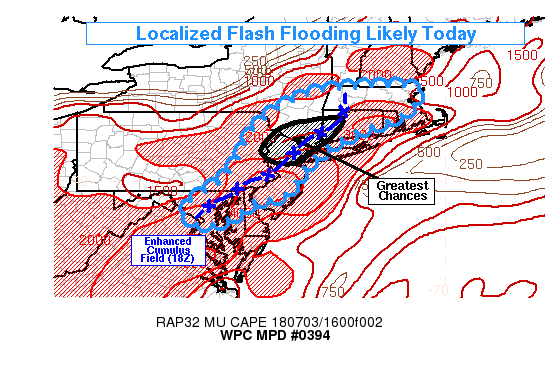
AREAS AFFECTED...I-95 CORRIDOR FROM DC TO BOSTON...ADJACENT AREAS

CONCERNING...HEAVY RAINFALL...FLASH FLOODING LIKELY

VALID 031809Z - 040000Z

SUMMARY...ISOLATED TO SCATTERED THUNDERSTORMS ARE EXPECTED TO
DEVELOP IN THE I-95 CORRIDOR THIS AFTERNOON...AND PERHAPS INTO
ADJACENT INLAND PORTIONS OF THE NORTHEAST SUCH AS THE BERKSHIRES
AND POCONOS. ALTHOUGH COVERAGE OF STORMS MAY NOT BE
WIDESPREAD...STORM MOTIONS ARE VERY LIKELY TO BE SLOW AND WILL
CONTRIBUTE TO A THREAT OF LOCALIZED FLASH FLOODING ACROSS THE
REGION. GREATEST CHANCES OF FLASH FLOODING ARE EXPECTED TO EXIST
FROM NORTHERN NEW JERSEY INTO WESTERN CONNECTICUT...INCLUDING THE
LOWER HUDSON VALLEY AND NORTH SIDE OF THE NYC METRO AREA.

DISCUSSION...IN WHAT MAY BE A PREVIEW OF THINGS TO COME THIS
AFTERNOON...KOKX RADAR SHOWED AN ISOLATED THUNDERSTORM INITIATING
OVER NEWARK NJ AROUND 1630Z...AND THEN PROPAGATING ONLY AROUND 5
MILES TO THE SOUTHWEST OVER THE NEXT 60 MINUTES. DUAL POL RAIN
RATES WERE ESTIMATED TO BE APPROACHING 2 IN/HR. THIS ISOLATED
STORM WAS NOW SITUATED IN AN ENHANCED CUMULUS FIELD PER GOES-16
VISIBLE SATELLITE...STRETCHING ALONG THE I-95 CORRIDOR FROM DC TO
NYC METRO AREA...AND THEN EXTENDING UP INTO SOUTHERN NEW ENGLAND.
HI-RES MODELS CONTINUE TO DEVELOP ISOLATED TO SCATTERED CONVECTION
IN THIS SAME CORRIDOR ON THE NORTHERN PERIPHERY OF A STRONG
INSTABILITY AXIS THROUGH THE AFTERNOON HOURS...ROUGHLY IN THE BEST
OVERLAP OF INSTABILITY AND HIGH PW VALUES. CIRA BLENDED TPW VALUES
WERE AROUND 1.8 INCHES...ABOVE THE 95TH PERCENTILE PER CSFR
CLIMATOLOGY FOR THIS TIME OF YEAR. PWATS OF THIS MAGNITUDE...IN
COMBINATION WITH THE STRONG INSTABILITY...SHOULD BE MORE THAN
SUFFICIENT TO MAINTAIN A RISK OF 2 IN/HR RAIN RATES THROUGH THE
AFTERNOON.

OF MOST CONCERN ARE THE EXTREMELY SLOW STORM MOTIONS. 850-300MB
MEAN WINDS FALL BELOW 10 KNOTS THIS AFTERNOON AND CORFIDI VECTORS
(FORWARD AND BACKWARD PROPAGATING) BOTH FALL TO AROUND 0-5 KNOTS.
THIS IS ENTIRELY CONSISTENT WITH THE POSITION OF THE REGION NEAR
THE CENTER OF THE MID-UPPER LEVEL RIDGE AXIS. THEREFORE...THERE IS
POTENTIAL FOR STATIONARY OR NEARLY STATIONARY STORMS INTO THE
AFTERNOON HOURS...AND THE POTENTIAL FOR CONVECTION TO ANCHOR ON
OUTFLOW BOUNDARIES OR LOW-LEVEL GRADIENTS (SUCH AS A SEA BREEZE).
THIS WILL PROMOTE THE POTENTIAL FOR HEAVY RAIN RATES TO PERSIST
LONGER THAN AN HOUR.

OVERALL...CONVECTION SHOULD REMAIN ISOLATED TO SCATTERED SO THE
PROBABILITY OF FLASH FLOODING AT ANY ONE LOCATION SHOULD REMAIN
SOMEWHAT LOW. HOWEVER...THERE IS HIGH CONFIDENCE THAT SOME
CONVECTION SHOULD DEVELOP...AND GIVEN THE SLOW STORM MOTIONS THIS
ALSO MEANS THAT SOME LOCALIZED FLASH FLOODING APPEARS LIKELY. THE
POTENTIAL FOR STORMS TO ANCHOR IN PLACE FOR AWHILE IN A HIGHLY
URBANIZED REGION (AND ADJACENT AREAS OF TERRAIN SUSCEPTIBLE TO
FLASH FLOODING) SUGGESTS THAT A COUPLE INSTANCES OF MORE
SIGNIFICANT FLASH FLOODING CANNOT BE RULED OUT.
THEREFORE...DESPITE THE LOWER OVERALL PROBABILITY OF FLASH
FLOODING IN A GIVEN LOCATION...VIGILANCE IS RECOMMENDED GIVEN THE
POTENTIAL FOR MORE SIGNIFICANT IMPACTS IN CONCENTRATED AREAS. THE
GREATEST CHANCES OF 2+ IN/HR RAIN RATES ON THE 12Z HREF AND RECENT
RUNS OF THE HRRR TIME-LAGGED ENSEMBLE ARE FOCUSED FROM NRN NJ INTO
WRN CT...INCLUDING THE LOWER HUDSON VALLEY AND NRN PORTIONS OF THE
NYC METRO AREA. THIS WOULD TEND TO BE THE AREA OF GREATEST
CONCERN...ALTHOUGH ALL PORTIONS OF THE DISCUSSION AREA WILL HAVE
SOME CHANCE OF FLASH FLOODING.